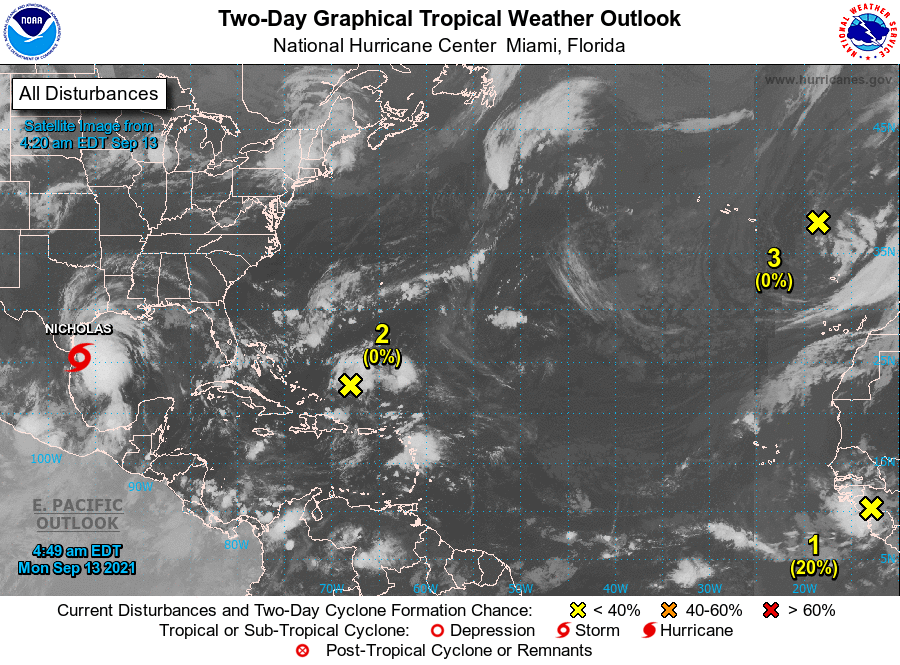
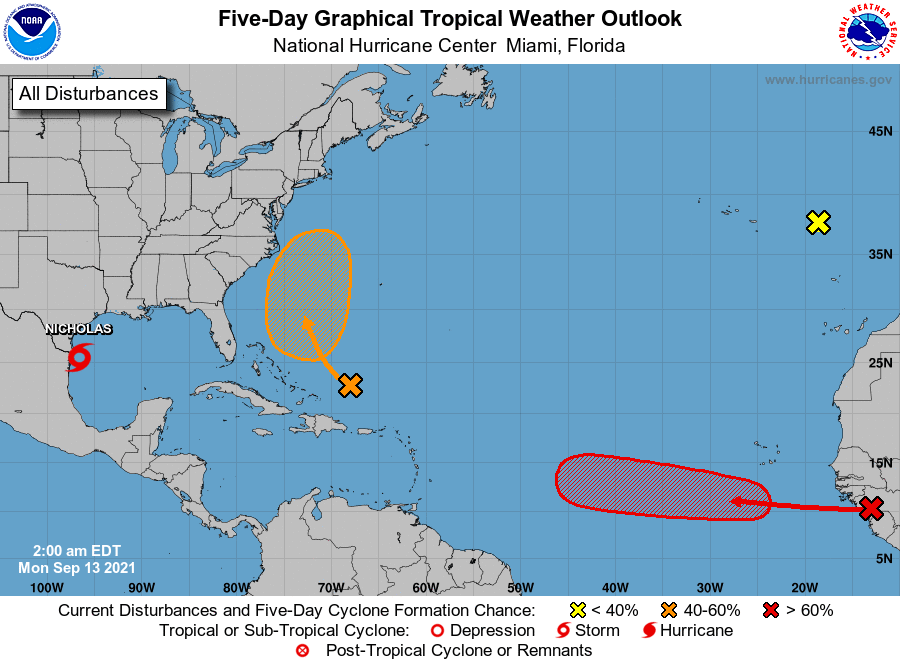
For the North Atlantic...Caribbean Sea and the Gulf of Mexico:

The National Hurricane Center is issuing advisories on Tropical Storm Nicholas, located over the western Gulf of Mexico.

1. A tropical wave is expected to emerge off the west coast of Africa later today. Environmental conditions are forecast to be conducive for gradual development of this system thereafter, and a tropical depression is likely to form by late this week while it moves westward at 10 to 15 mph across the eastern tropical Atlantic Ocean.
* Formation chance through 48 hours...low...20 percent.
* Formation chance through 5 days...high...70 percent.

2. An area of low pressure is forecast to form by midweek a couple of hundred miles north of the southeastern or central Bahamas as a tropical wave interacts with an upper-level trough. Some gradual development of this system is possible thereafter, and a tropical depression could form later this week while the system moves north-northwestward or northward across the western Atlantic.
* Formation chance through 48 hours...low...near 0 percent.
* Formation chance through 5 days...medium...50 percent.

3. Showers and thunderstorms remain very limited in association with a non-tropical area of low pressure over the far northeastern Atlantic, about midway between the Azores and Portugal. Tropical or subtropical development of this system is no longer expected while it moves eastward and then inland over Portugal by late Tuesday.
* Formation chance through 48 hours...low...near 0 percent.
* Formation chance through 5 days...low...near 0 percent.

Public Advisories on Tropical Storm Nicholas are issued under WMO header WTNT34 KNHC and under AWIPS header MIATCPAT4. Forecast/Advisories on Tropical Storm Nicholas are issued under WMO header WTNT24 KNHC and under AWIPS header MIATCMAT4.

Forecaster Latto